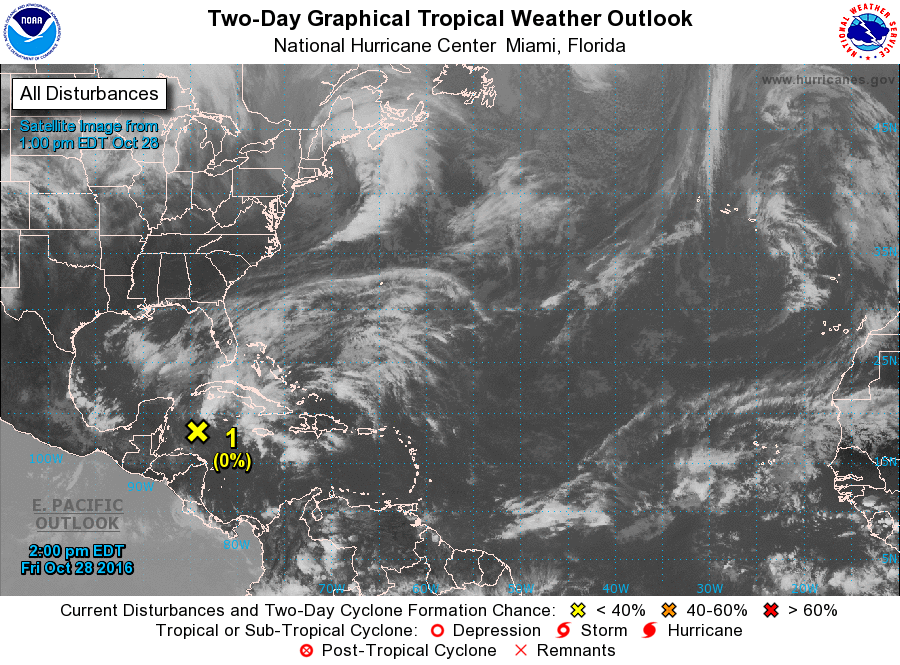
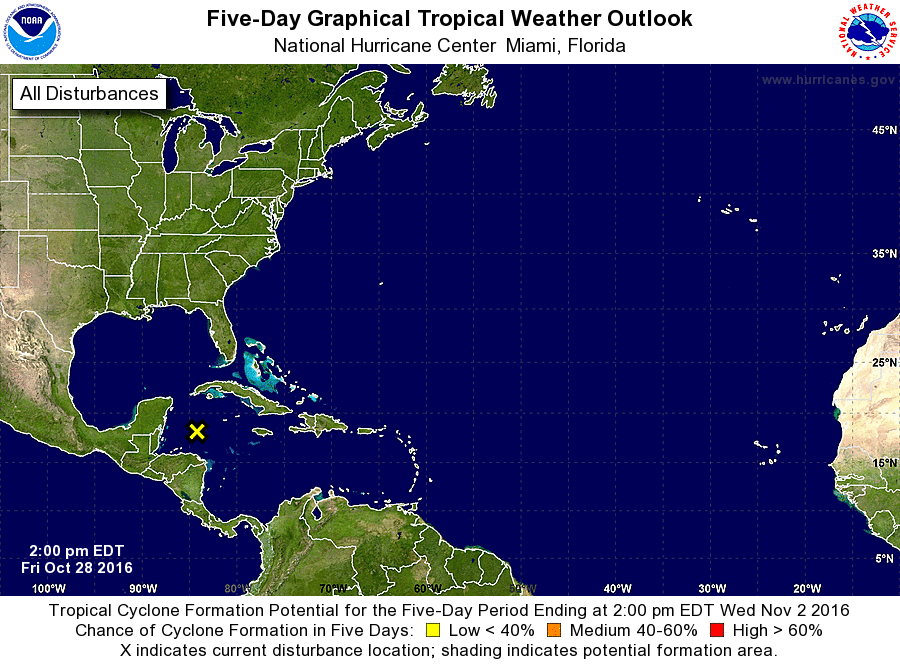
For the North Atlantic...Caribbean Sea and the Gulf of Mexico:

1. Disorganized showers and thunderstorms over the northwestern Caribbean Sea and the southeastern Gulf of Mexico are associated with a broad area of low pressure located about two hundred miles north of the coast of Honduras. While this system is producing winds to near gale force north of the center, development is not expected due to strong upper-level winds. The low is forecast to move little over the next few days, and locally heavy rainfall is possible across portions of the eastern Yucatan peninsula, Cuba, the Cayman Islands, and Jamaica through the weekend.
* Formation chance through 48 hours...low...near 0 percent
* Formation chance through 5 days...low...near 0 percent

Forecaster Beven